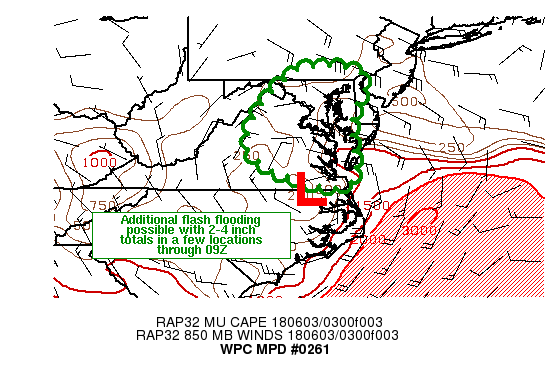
AREAS AFFECTED...SERN PA...NRN DE INTO MD/D.C. AND CNTRL/ERN VA

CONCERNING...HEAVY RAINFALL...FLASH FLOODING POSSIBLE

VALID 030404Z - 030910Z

SUMMARY...ADDITIONAL FLASH FLOODING WILL BE POSSIBLE ACROSS
PORTIONS OF THE NORTHERN MID-ATLANTIC REGION OVER THE NEXT FEW
HOURS.  AN ADDITIONAL 2-4 INCHES WILL BE POSSIBLE IN A FEW
LOCATIONS ON TOP OF SATURATED SOILS.

DISCUSSION...03Z VAD WIND PLOTS DEPICTED A NEARLY STATIONARY
850-700 MB LOW ALONG THE EASTERN VA/NC BORDER. LOOPS OF REGIONAL
RADAR IMAGERY HELPED IDENTIFY SEVERAL MESOSCALE
CIRCULATIONS...WITH ONE MORE PROMINENTLY LOCATED OVER SOUTHERN
KING WILLIAM COUNTY...CO-LOCATED WITH SOME OF THE STRONGEST 850 MB
FLOW TO ITS NORTH (20-25 KT) AND WITH THE HEAVIEST RAINFALL
OCCURRING REGIONALLY AS OF 0330Z. RADAR AND GROUND TRUTH SHOWED
1-2 IN/HR RAINFALL RATES OCCURRING WITHIN THIS AREA OF HEAVIER
RAINFALL SITUATED BETWEEN RICHMOND AND THE POTOMAC RIVER THROUGH
0330Z. SOME OF THE BEST UPPER LEVEL DIFFLUENCE WAS LOCATED OVER
THIS REGION ALONG WITH THE GREATEST MAGNITUDE OF LINGERING MLCAPE
OF ROUGHLY 500 J/KG PER THE LATEST SPC MESOANALYSIS PAGE.

WHILE A BROAD RISK FOR FLASH FLOODING IS HIGHLIGHTED IN THIS
MPD...THE TWO AREAS OF GREATEST CONCERN ARE ACROSS THE VIRGINIA
TIDEWATER REGION AND THE BLUE RIDGE MOUNTAINS OF CENTRAL AND
NORTHERN VIRGINIA. GIVEN LITTLE FORECAST MOVEMENT OF THE 850-700
MB LOW OVER THE NEXT FEW HOURS...THE STRONGEST 850 MB FLOW WILL
CONTINUE TO RESIDE FROM THE CHESAPEAKE BAY INTO CENTRAL VA WHICH
IS WHERE FORECAST UPWIND CORFIDI VECTORS ARE OF THE GREATEST
MAGNITUDE...OPPOSITE TO THE EASTERLY 850 MB FLOW...PROMOTING
TRAINING POTENTIAL. UNTIL CAPE IS EXHAUSTED...PORTIONS OF EASTERN
VIRGINIA WILL CONTINUE TO SEE RAINFALL RATES OF 1-2 IN/HR WITH
SLOW MOVEMENT TO THE RAINFALL CORES.

FARTHER WEST...AN UPSLOPE COMPONENT INTO THE BLUE RIDGE MOUNTAINS
HAS BEEN CONSISTENTLY HIGHLIGHTED IN THE HOURLY UPDATING
EXPERIMENTAL NSSL NEWS-E MODEL...WITH GREATER THAN 90 PERCENT
PROBABILITIES OF EXCEEDING 2 INCHES ACROSS THE BLUE RIDGE THROUGH
08Z. GIVEN WET ANTECEDENT CONDITIONS OVER THE PAST FEW
WEEKS...FLASH FLOOD GUIDANCE IS LOW AND ANY OVERLAP ON TOP OF
HEAVIER RAINFALL FROM THE PAST 24 HOURS WILL GENERATE POSSIBLE
FLASH FLOODING. 2-4 INCH TOTALS APPEAR REASONABLE IN A FEW
LOCATIONS THROUGH 09Z AND ARE CONSISTENT WITH RECENT HRRR AND
EXPERIMENTAL HRRR RUNS.